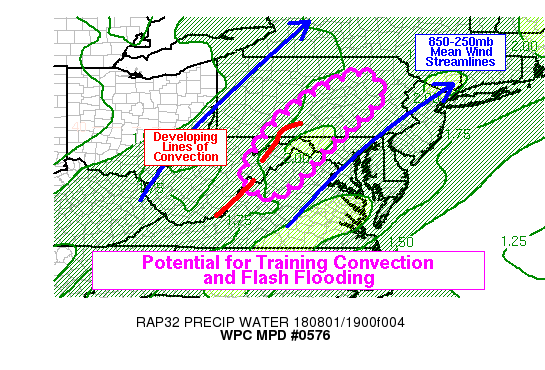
Areas affected...Ern WV, Wrn MD, NWrn VA, and CTRL PA

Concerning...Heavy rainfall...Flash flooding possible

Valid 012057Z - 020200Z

Summary...Thunderstorms will continue to develop late this
afternoon from near the West Virginia and Virginia border region,
northeast into central Pennsylvania. Some of these storms may
repeatedly affect the same areas and produce heavy rainfall. The
rain rates could reach 1-2 in/hr, and could lead to flash flooding.

Discussion...Between 20-21Z, regional radars showed a marked
increase in convection between Altoona, PA and Lewisburg, VA. The
cooling cloud tops and increasing radar reflectivity with the
developing lines of storms was occurring on the western periphery
of a pool of stronger instability in the relatively sunny warm
sector east of the Appalachian Mountains. Hi-res models suggest
that thunderstorms will continue to develop in the instability
gradient, and then will likely propagate to the northeast with the
deep layer mean wind. Given the current orientation of some of the
line segments (SW-NE), this may favor training of thunderstorms
and localized swaths of heavy rainfall. RAP analysis places the
PWs just shy of 2 inches, which is close to the 90th percentile
for the more mountainous regions of the Mid Atlantic. The
combination of deep moisture and moderate to strong instability
should support organized convection with heavy rain rates, likely
reaching the 1-2 in/hr range in some places. This could lead to
some flash flooding.

Antecedent conditions are also favorable for flash flooding, with
streamflow over much of central Pennsylvania and western Maryland
over the 90th percentile as well, and very heavy rainfall in
recent weeks. This should limit infiltration of rainwater and lead
to increased runoff. The primary source of uncertainty will be
related to the relatively fast storm motions with the deep layer
mean wind speeds reaching around 40 knots. If the rain bands are
not oriented parallel to the storm motion vectors, then there may
be enough drift to limit focused bands of heavier rainfall.